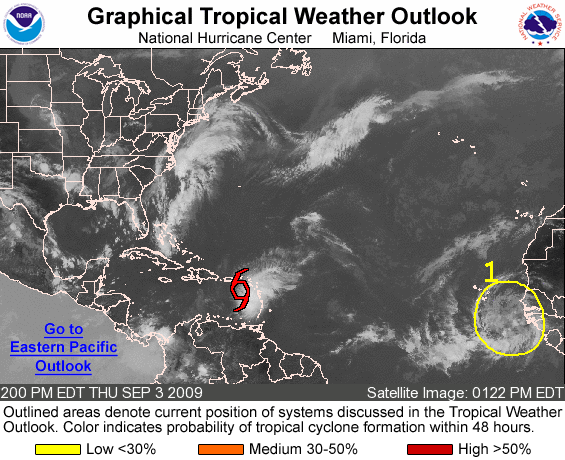
FOR THE NORTH ATLANTIC...CARIBBEAN SEA AND THE GULF OF MEXICO...

THE NATIONAL HURRICANE CENTER IS ISSUING ADVISORIES ON TROPICAL STORM ERIKA LOCATED ABOUT 80 MILES SOUTH OF ST. CROIX.

1. A BROAD AREA OF LOW PRESSURE ASSOCIATED WITH A TROPICAL WAVE IS LOCATED ABOUT 450 MILES EAST-SOUTHEAST OF THE CAPE VERDE ISLANDS. ALTHOUGH SHOWER ACTIVITY ASSOCIATED WITH THIS LOW HAS DIMINISHED OVER THE PAST FEW HOURS...SLOW DEVELOPMENT OF THIS SYSTEM IS POSSIBLE OVER THE NEXT COUPLE OF DAYS AS IT MOVES WESTWARD AT 10 TO 15 MPH OVER THE FAR EASTERN TROPICAL ATLANTIC. THERE IS A LOW CHANCE...LESS THAN 30 PERCENT...OF THIS SYSTEM BECOMING A TROPICAL CYCLONE DURING THE NEXT 48 HOURS.

ELSEWHERE...TROPICAL CYCLONE FORMATION IS NOT EXPECTED DURING THE NEXT 48 HOURS.

FORECASTER BRENNAN